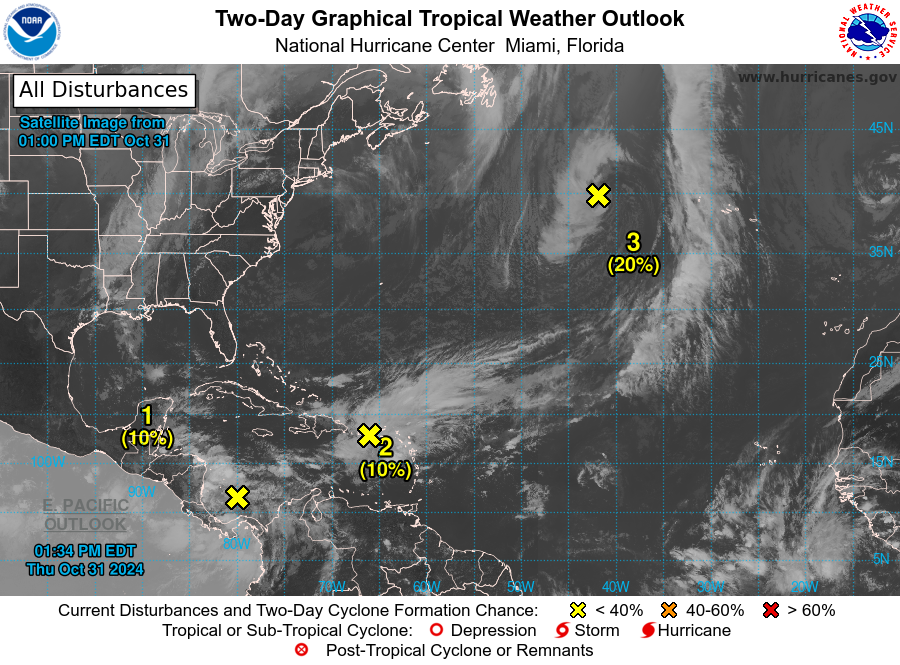
For the North Atlantic...Caribbean Sea and the Gulf of Mexico:

1. Southwestern Caribbean Sea: A broad area of low pressure is likely to develop over the southwestern Caribbean Sea during the next day or two. Gradual development is possible thereafter, and a tropical depression could form over the weekend or early next week while the system drifts generally northward or northwestward over the central or western Caribbean Sea. Regardless of development, locally heavy rains are possible during the next several days across portions of the area from Nicaragua southeastward and eastward to northern Colombia.
* Formation chance through 48 hours...low...10 percent.
* Formation chance through 7 days...medium...60 percent.

2. Northeastern Caribbean Sea and Greater Antilles: A trough of low pressure near Puerto Rico is producing widespread cloudiness and showers over the Dominican Republic, Puerto Rico, the Virgin Islands, the northern Leeward Islands, and the adjacent waters of the Atlantic and the northeastern Caribbean. Slow development of this system is possible during the next 2-3 days as it moves west-northwestward near the Greater Antilles. After that time, this system is expected to be absorbed into the low pressure area over the Caribbean. Regardless of development, locally heavy rains are possible during the next several days from the northern Leeward Islands westward across Puerto Rico and Hispaniola to eastern Cuba and the southeastern Bahamas.
* Formation chance through 48 hours...low...10 percent.
* Formation chance through 7 days...low...10 percent.

3. North Atlantic: Showers and thunderstorms have developed near the center of a storm-force non-tropical low pressure area located about 550 miles west of the western Azores. However, any additional development into a subtropical or tropical cyclone is expected to be slow to occur as the system moves eastward during the next few days. Additional information on this system is available in High Seas Forecasts issued by the National Weather Service.
* Formation chance through 48 hours...low...20 percent.
* Formation chance through 7 days...low...20 percent.

High Seas Forecasts issued by the National Weather Service can be found under AWIPS header NFDHSFAT1, WMO header FZNT01 KWBC, and online at ocean.weather.gov/shtml/NFDHSFAT1.php

Forecaster Beven